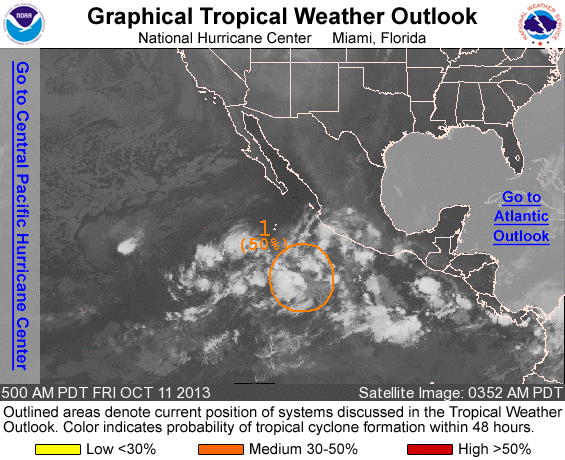
FOR THE EASTERN NORTH PACIFIC...EAST OF 140 DEGREES WEST LONGITUDE..

1. A BROAD AREA OF LOW PRESSURE LOCATED SEVERAL HUNDRED MILES SOUTH-SOUTHWEST OF MANZANILLO IS PRODUCING DISORGANIZED SHOWERS AND THUNDERSTORMS. ALTHOUGH THIS DISTURBANCE HAS NOT BECOME ANY BETTER ORGANIZED SINCE YESTERDAY...ENVIRONMENTAL CONDITIONS STILL APPEAR CONDUCIVE FOR SOME DEVELOPMENT...AND A TROPICAL DEPRESSION COULD FORM DURING THE NEXT DAY OR TWO. THIS SYSTEM HAS A MEDIUM CHANCE...50 PERCENT...OF BECOMING A TROPICAL CYCLONE DURING THE NEXT 48 HOURS...AND A HIGH CHANCE...60 PERCENT...OF BECOMING A TROPICAL CYCLONE DURING THE NEXT 5 DAYS WHILE IT MOVES WEST- NORTHWESTWARD OR NORTHWESTWARD AT AROUND 10 MPH.

FIVE-DAY FORMATION PROBABILITIES ARE EXPERIMENTAL IN 2013. COMMENTS ON THE EXPERIMENTAL FORECASTS CAN BE PROVIDED AT...

HTTP://WWW.NWS.NOAA.GOV/SURVEY/NWS-SURVEY.PHP?CODE=ETWO

FORECASTER AVILA